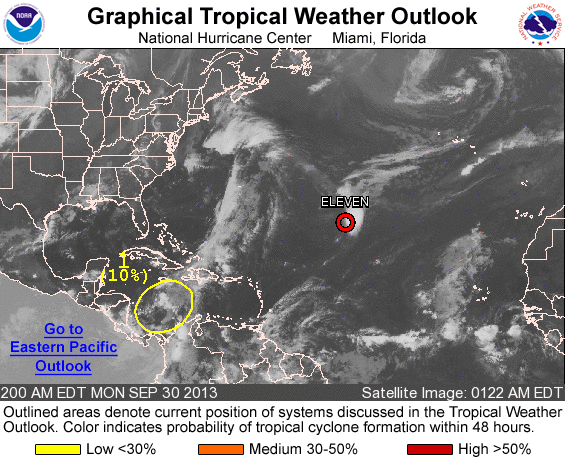
FOR THE NORTH ATLANTIC...CARIBBEAN SEA AND THE GULF OF MEXICO...

THE NATIONAL HURRICANE CENTER IS ISSUING ADVISORIES ON TROPICAL DEPRESSION ELEVEN...LOCATED OVER THE CENTRAL ATLANTIC.

1. A BROAD LOW PRESSURE SYSTEM LOCATED OVER THE SOUTHWESTERN CARIBBEAN SEA IS PRODUCING WIDESPREAD CLOUDINESS AND DISORGANIZED SHOWERS ACROSS THAT AREA...THE CENTRAL CARIBBEAN SEA...JAMAICA...AND HISPANIOLA. ANY DEVELOPMENT OF THIS LARGE DISTURBANCE SHOULD BE SLOW TO OCCUR OVER THE NEXT COUPLE OF DAYS WHILE IT MOVES SLOWLY NORTHWESTWARD...AND THIS SYSTEM HAS A LOW CHANCE...10 PERCENT...OF BECOMING A TROPICAL CYCLONE DURING THE NEXT 48 HOURS. ENVIRONMENTAL CONDITIONS ARE ONLY EXPECTED TO BE MARGINALLY CONDUCIVE FOR DEVELOPMENT WHEN THE SYSTEM MOVES OVER THE NORTHWESTERN CARIBBEAN SEA AND THE SOUTHERN GULF OF MEXICO LATER THIS WEEK...AND THIS SYSTEM HAS A MEDIUM CHANCE...30 PERCENT...OF BECOMING A TROPICAL CYCLONE DURING THE NEXT 5 DAYS. LOCALLY HEAVY RAINFALL AND GUSTY WINDS ARE POSSIBLE OVER PORTIONS OF HAITI AND JAMAICA TODAY...AND WILL LIKELY SPREAD ACROSS THE CAYMAN ISLANDS AND EASTERN CUBA ON TUESDAY.

FIVE-DAY FORMATION PROBABILITIES ARE EXPERIMENTAL IN 2013. COMMENTS ON THE EXPERIMENTAL FORECASTS CAN BE PROVIDED AT...

HTTP://WWW.NWS.NOAA.GOV/SURVEY/NWS-SURVEY.PHP?CODE=ETWO

FORECASTER STEWART